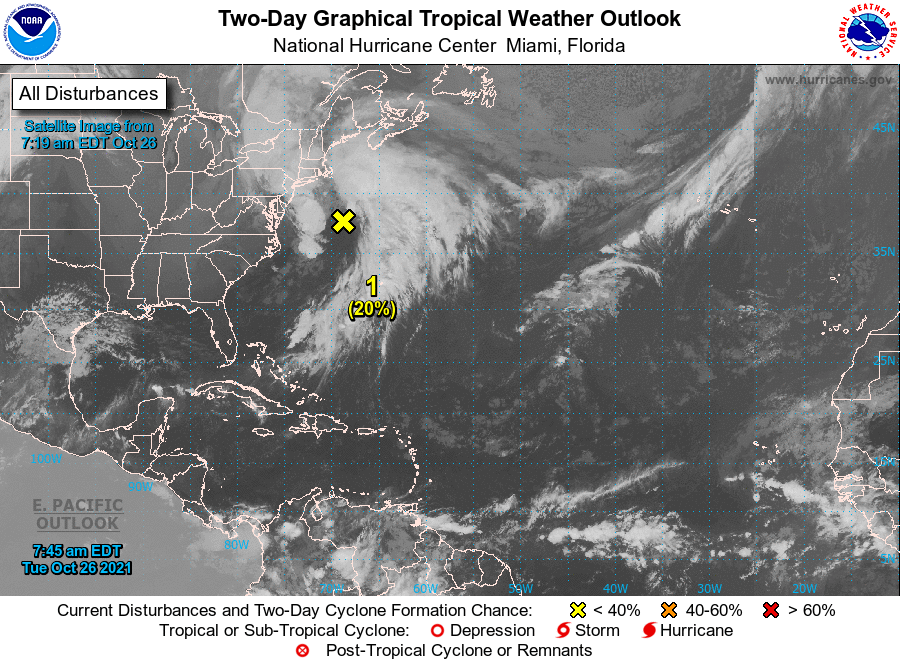
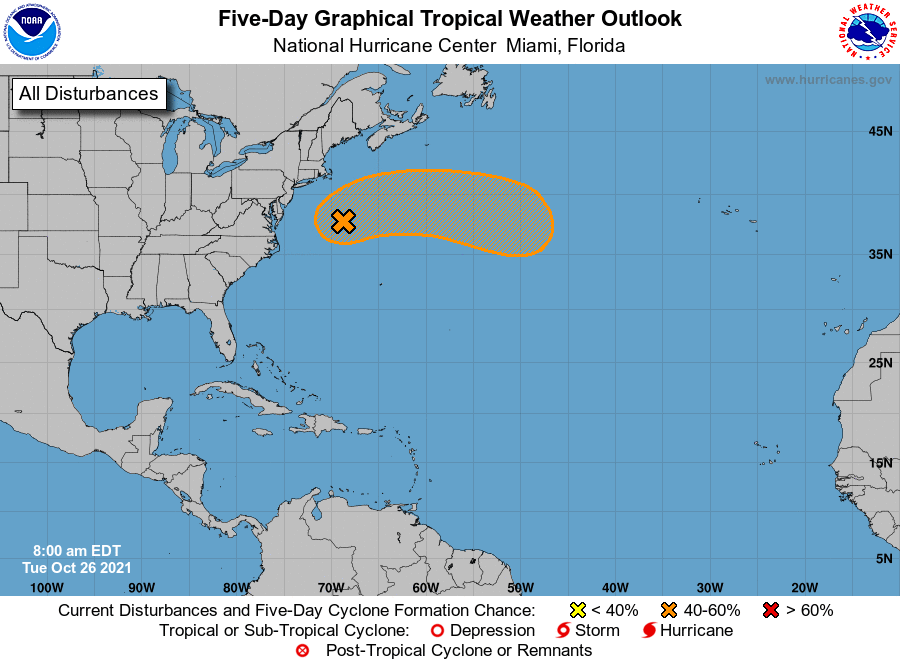
For the North Atlantic...Caribbean Sea and the Gulf of Mexico:

1. A deepening, non-tropical low pressure system with storm-force winds is located about 400 miles east-northeast of Cape Hatteras, North Carolina. This low is forecast to move north-northeastward today, and there is a brief chance of it acquiring some limited subtropical characteristics before it merges with another frontal system. The extratropical low is then expected to meander off the mid-Atlantic and northeast U.S. coasts tonight and Wednesday, bringing rain and wind impacts to portions of those areas. After that time, the low is expected to move eastward away from the U.S. coast, and could again acquire some subtropical characteristics while it moves eastward or southeastward over the warmer waters of the central Atlantic. For more information on this system, including storm warnings, see products issued by your local National Weather Service office and High Seas Forecasts issued by the National Weather Service.
* Formation chance through 48 hours...low...20 percent.
* Formation chance through 5 days...medium...50 percent.

High Seas Forecasts issued by the National Weather Service can be found under AWIPS header NFDHSFAT1, WMO header FZNT01 KWBC, and online at ocean.weather.gov/shtml/NFDHSFAT1.php

Forecaster Latto